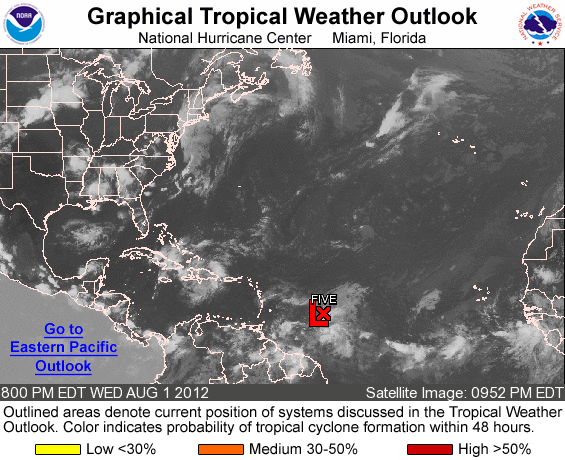
FOR THE NORTH ATLANTIC...CARIBBEAN SEA AND THE GULF OF MEXICO...

THE NATIONAL HURRICANE CENTER IS ISSUING ADVISORIES ON NEWLY FORMED TROPICAL DEPRESSION FIVE...LOCATED ABOUT 760 MILES EAST OF THE WINDWARD ISLANDS.

ELSEWHERE...TROPICAL CYCLONE FORMATION IS NOT EXPECTED DURING THE NEXT 48 HOURS.

&&
PUBLIC ADVISORIES ON TROPICAL DEPRESSION FIVE ARE ISSUED UNDER WMO HEADER WTNT35 KNHC AND UNDER AWIPS HEADER MIATCPAT5. FORECAST/ADVISORIES ON THE DEPRESSION ARE ISSUED UNDER WMO HEADER WTNT25 KNHC AND UNDER AWIPS HEADER MIATCMAT5.

FORECASTER STEWART/ROBERTS